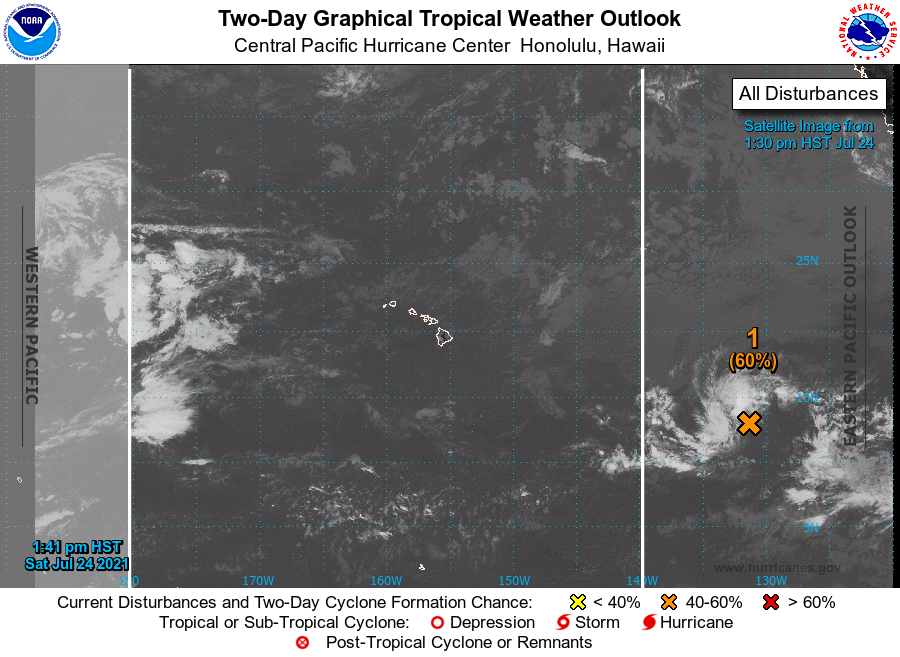
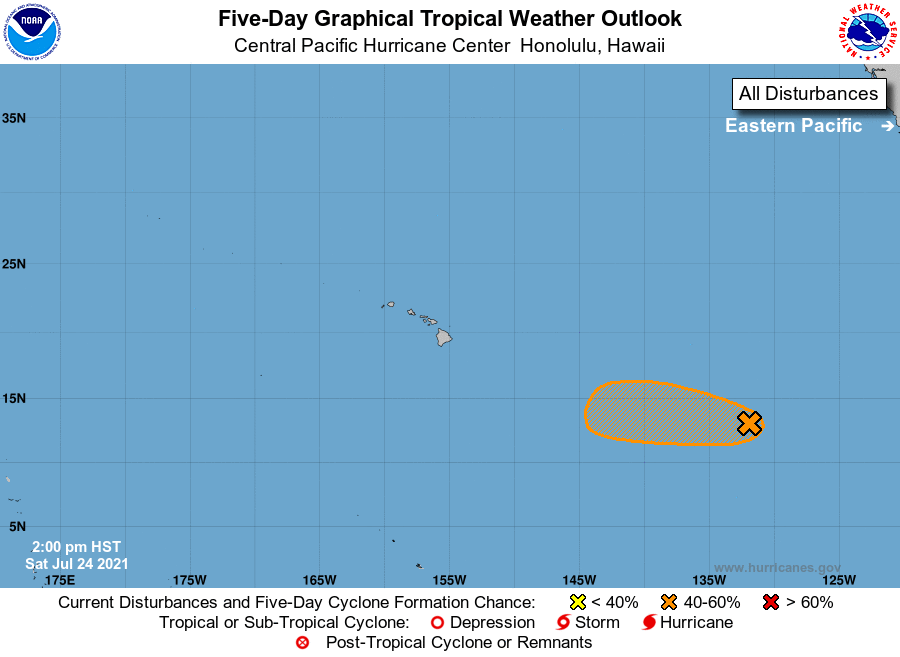
For the central North Pacific...between 140W and 180W:

1. A broad area of low pressure located about 1600 miles east-southeast of Hilo, Hawaii continues to show signs of organization. Environmental conditions are forecast to be conducive for further development, and this system could become a tropical depression later this weekend or early next week before reaching cooler waters while moving westward at 10 to 15 mph.
* Formation chance through 48 hours...medium...60 percent.
* Formation chance through 5 days...medium...60 percent.

Elsewhere, no tropical cyclones are expected during the next 5 days.

Forecaster TS